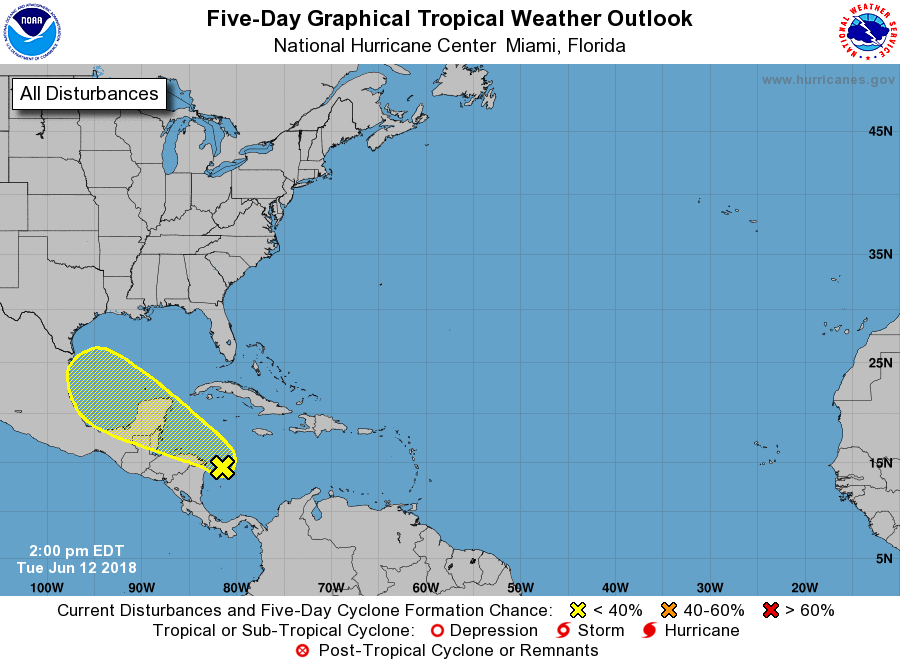
For the North Atlantic...Caribbean Sea and the Gulf of Mexico:

1. A large area of showers and thunderstorms located over the western Caribbean Sea just to the east of Nicaragua and northeastern Honduras is associated with a sharp surface trough. This area of disturbed weather is forecast to move westward to northwestward over Central America and the Yucatan Peninsula during the next couple of days, and little development is expected during that time due to strong upper-level winds. However, environmental conditions could become slightly more conducive for some development when the system moves into the southwestern Gulf of Mexico by the end of the week. Regardless of development, this disturbance will likely produce locally heavy rainfall across portions of Nicaragua, Honduras, Belize, Guatemala, and the Yucatan Peninsula through Thursday.
* Formation chance through 48 hours...low...10 percent.
* Formation chance through 5 days...low...20 percent.

Forecaster Stewart